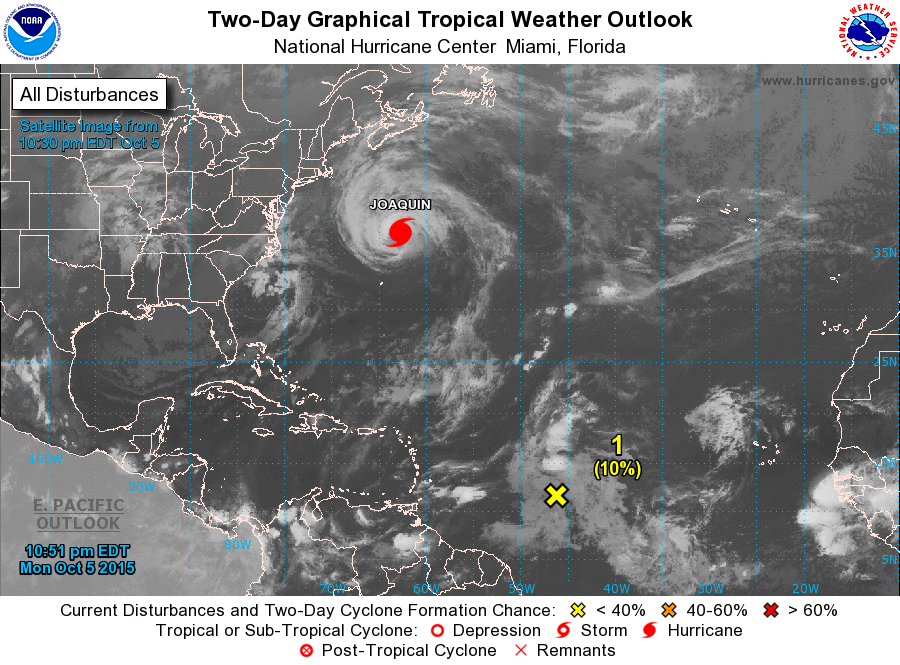
For the North Atlantic...Caribbean Sea and the Gulf of Mexico:

The National Hurricane Center is issuing advisories on Hurricane Joaquin, located about 250 miles north of Bermuda.

1. A tropical wave located about 950 miles east of the Lesser Antilles is producing disorganized cloudiness and showers. Upper-level winds are expected to be unfavorable for tropical cyclone formation, and any development of this system should be slow to occur while it moves west-northwestward at about 15 mph over the next few days.
* Formation chance through 48 hours...low...10 percent
* Formation chance through 5 days...low...20 percent

Forecaster Pasch